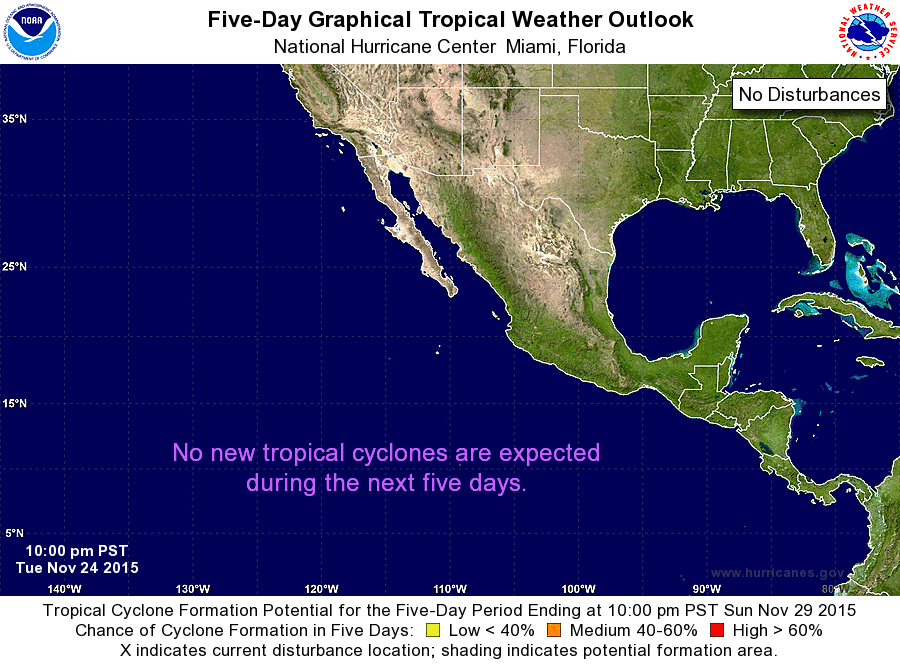
For the eastern North Pacific...east of 140 degrees west longitude:

The National Hurricane Center is issuing advisories on Hurricane Sandra, located several hundred miles south-southwest of Manzanillo, Mexico.

Tropical cyclone formation is not expected during the next 5 days.

Forecaster Avila